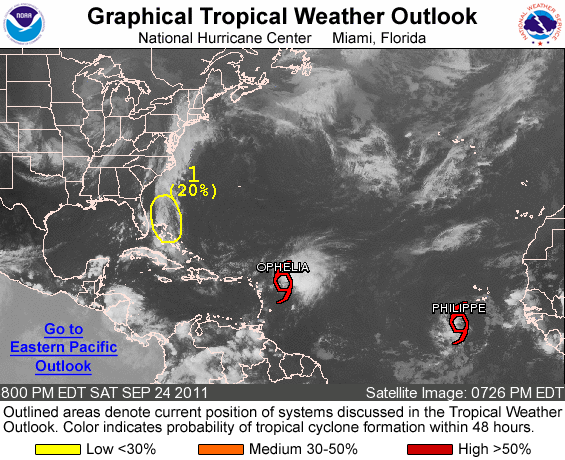
FOR THE NORTH ATLANTIC...CARIBBEAN SEA AND THE GULF OF MEXICO...

THE NATIONAL HURRICANE CENTER IS ISSUING ADVISORIES ON TROPICAL STORM OPHELIA...LOCATED ABOUT 295 MILES EAST OF THE LEEWARD ISLANDS...AND RECENTLY UPGRADED TROPICAL STORM PHILLIPE LOCATED ABOUT 345 MILES SOUTHWEST OF THE SOUTHERNMOST CAPE VERDE ISLANDS.

1. CLOUDINESS AND SHOWERS EXTENDING FROM THE BAHAMAS NORTHWARD ACROSS THE WESTERN ATLANTIC FOR SEVERAL HUNDRED MILES ARE ASSOCIATED WITH AN ELONGATED LOW PRESSURE AREA. THIS DISTURBANCE HAS NOT BECOME ANY BETTER ORGANIZED DURING THE PAST SEVERAL HOURS...AND THE POTENTIAL FOR DEVELOPMENT HAS DIMINISHED. INSTEAD...THERE IS A STRONG LIKELIHOOD THAT IT WILL BECOME ASSOCIATED WITH A FRONTAL SYSTEM DURING THE NEXT DAY OR TWO. THIS SYSTEM HAS A LOW CHANCE...20 PERCENT...OF BECOMING A TROPICAL CYCLONE DURING THE NEXT 48 HOURS.

ELSEWHERE...TROPICAL CYCLONE FORMATION IS NOT EXPECTED DURING THE NEXT 48 HOURS.

PUBLIC ADVISORIES ON TROPICAL STORM PHILLIPE ARE ISSUED UNDER WMO HEADER WTNT32 KNHC AND UNDER AWIPS HEADER MIATCPAT2 AND FORECAST/ADVISORIES ARE ISSUED UNDER WMO HEADER WTNT22 KNHC AND UNDER AWIPS HEADER MIATCMAT2.

FORECASTER AVILA